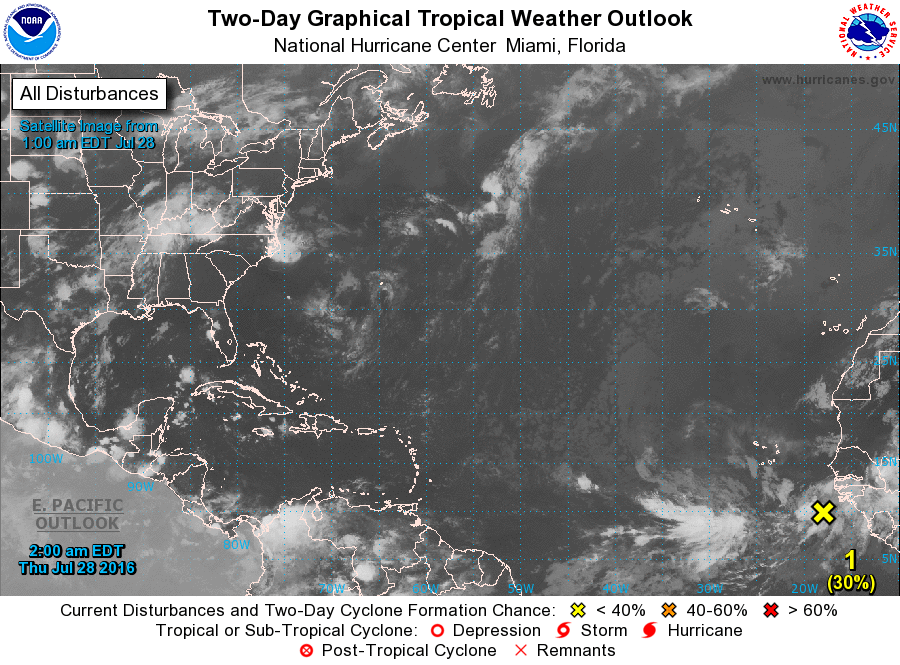
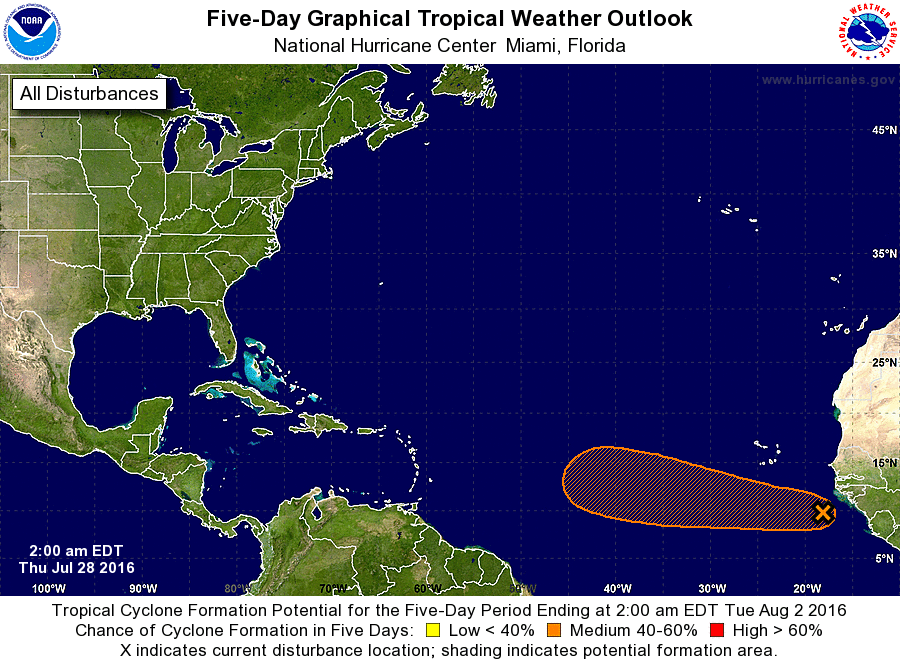
For the North Atlantic...Caribbean Sea and the Gulf of Mexico:

1. A tropical wave accompanied by a broad low pressure system is producing a large area of cloudiness and disorganized shower activity several hundred miles southeast of the Cabo Verde Islands. Some development of this system is possible during the next few days while it moves westward or west-northwestward at about 15 mph. However, environmental conditions are expected to become less conducive for development early next week when the system is over the central tropical Atlantic Ocean.
* Formation chance through 48 hours...low...30 percent
* Formation chance through 5 days...medium...40 percent

Forecaster Pasch